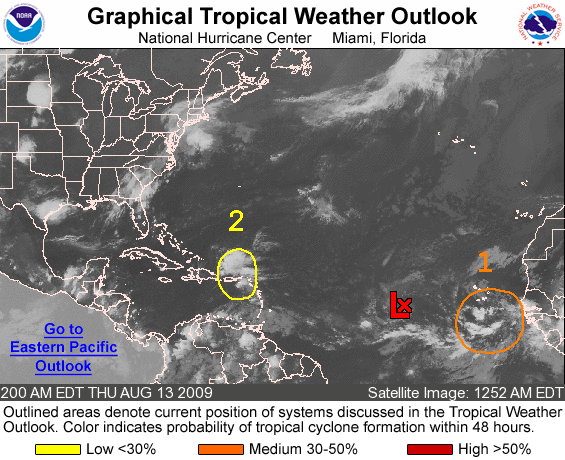
FOR THE NORTH ATLANTIC...CARIBBEAN SEA AND THE GULF OF MEXICO...

THE NATIONAL HURRICANE CENTER IS ISSUING ADVISORIES ON TROPICAL DEPRESSION TWO...LOCATED ABOUT 800 MILES WEST OF THE SOUTHERNMOST CAPE VERDE ISLANDS.

1. SHOWERS AND THUNDERSTORMS HAVE INCREASED IN ASSOCIATION WITH A BROAD AREA OF LOW PRESSURE AND A STRONG TROPICAL WAVE CENTERED ABOUT 300 MILES SOUTH-SOUTHEAST OF THE CAPE VERDE ISLANDS IN THE FAR EASTERN ATLANTIC OCEAN. CONDITIONS APPEAR TO BE FAVORABLE FOR FURTHER DEVELOPMENT DURING THE NEXT FEW DAYS...AND THERE IS A MEDIUM CHANCE...30 TO 50 PERCENT...OF THIS SYSTEM BECOMING A TROPICAL CYCLONE DURING THE NEXT 48 HOURS WHILE THE LOW MOVES TO THE WEST AT 10 TO 15 MPH.

2. A WESTWARD-MOVING TROPICAL WAVE OVER THE EASTERN CARIBBEAN SEA AND WESTERN ATLANTIC OCEAN IS PRODUCING DISORGANIZED SHOWERS AND THUNDERSTORMS. UPPER-LEVEL WINDS ARE NOT FAVORABLE FOR SIGNIFICANT DEVELOPMENT AND THERE IS A LOW CHANCE...LESS THAN 30 PERCENT...OF THIS SYSTEM BECOMING A TROPICAL CYCLONE DURING THE NEXT 48 HOURS.

ELSEWHERE...TROPICAL CYCLONE FORMATION IS NOT EXPECTED DURING THE NEXT 48 HOURS.

FORECASTER BLAKE